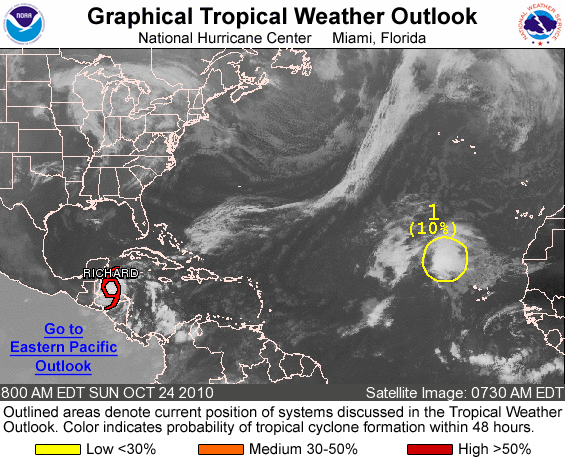
FOR THE NORTH ATLANTIC...CARIBBEAN SEA AND THE GULF OF MEXICO...

THE NATIONAL HURRICANE CENTER IS ISSUING ADVISORIES ON TROPICAL STORM RICHARD...LOCATED ABOUT 30 MILES NORTH OF ROATAN HONDURAS AND ABOUT 130 MILES EAST-SOUTHEAST OF BELIZE CITY BELIZE.

1. A BROAD TROUGH OF LOW PRESSURE LOCATED ABOUT 535 MILES WEST- NORTHWEST OF THE NORTHERNMOST CAPE VERDE ISLANDS IS PRODUCING SHOWERS AND THUNDERSTORMS MAINLY NORTHEAST OF THE TROUGH. UPPER-LEVEL WINDS ARE NOT CONDUCIVE FOR SIGNIFICANT DEVELOPMENT OF THIS DISTURBANCE...AND THERE IS A LOW CHANCE...10 PERCENT...OF THIS SYSTEM BECOMING A TROPICAL CYCLONE DURING THE NEXT 48 HOURS AS IT MOVES TOWARD THE NORTHWEST AT 10 TO 15 MPH.

ELSEWHERE...TROPICAL CYCLONE FORMATION IS NOT EXPECTED DURING THE NEXT 48 HOURS.

FORECASTER ROBERTS/PASCH